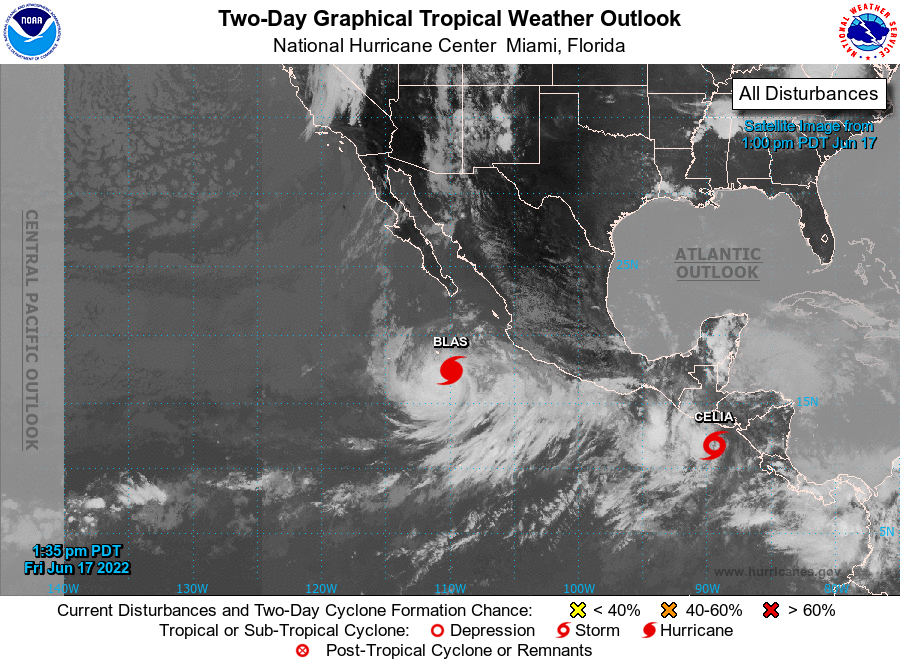
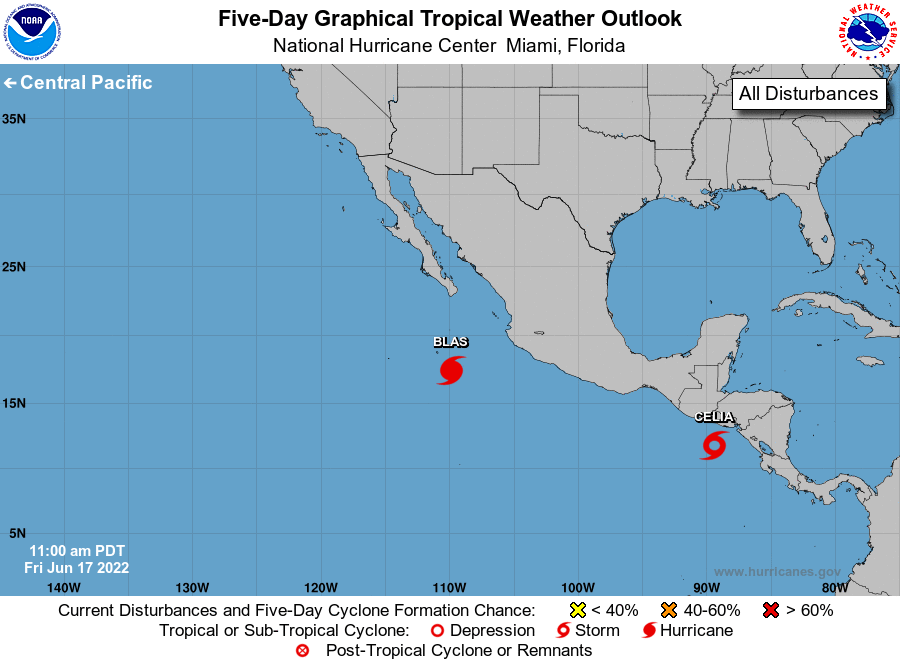
For the eastern North Pacific...east of 140 degrees west longitude:

Active Systems: The National Hurricane Center is issuing advisories on Hurricane Blas, located a few hundred miles southwest of the southwest coast of Mexico.

The National Hurricane Center is also issuing advisories on recently upgraded Tropical Storm Celia, located more than one hundred miles south-southwest of the coast of El Salvador.

Tropical cyclone formation is not expected during the next 5 days.

&&
Public Advisories on Celia are issued under WMO header WTPZ33 KNHC and under AWIPS header MIATCPEP3. Forecast/Advisories on Celia are issued under WMO header WTPZ23 KNHC and under AWIPS header MIATCMEP3.

Forecaster Papin